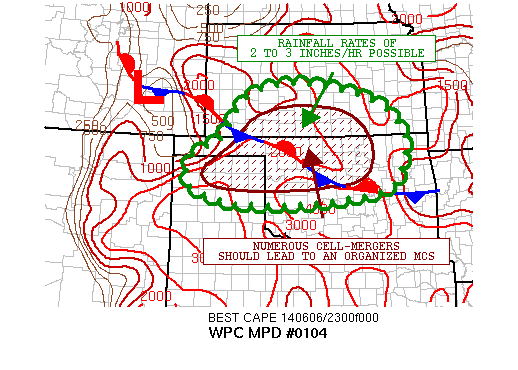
AREAS AFFECTED...TX PANHANDLE...WESTERN/NORTHERN OK...SOUTHERN KS

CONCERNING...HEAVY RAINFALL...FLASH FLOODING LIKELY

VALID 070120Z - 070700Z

SUMMARY...NUMEROUS DEVELOPING CLUSTERS OF HEAVY SHOWERS AND
THUNDERSTORMS WILL ORGANIZE INTO A STRONG CONVECTIVE COMPLEX
OVERNIGHT. INTENSE RAINFALL RATES AND CELL MERGERS WILL ENHANCE
THE POTENTIAL FOR FLASH FLOODING.

DISCUSSION...THE LATEST IR SAT IMAGERY SHOWS NUMEROUS VERY
COLD-TOPPED CONVECTIVE CLUSTERS WITH NUMEROUS OVERSHOOTING TOPS
DEVELOPING ACROSS EASTERN NM...THE TX PANHANDLE AND INTO SOUTHWEST
KS. THIS IS IN ASSOC WITH WEAK VORT ENERGY EJECTING OUT OF THE
CNTRL ROCKIES AND INTERACTING WITH STRONG SFC-BASED INSTABILITY.
THE LATEST RAP ANALYSIS SHOWS SBCAPE VALUES OF 3000 TO 4000 J/KG
WHICH COUPLED WITH PERSISTENT SOUTH TO SOUTHEAST LOW LEVEL FLOW
AND PROXIMITY OF A FRONT SHOULD HELP TO SUSTAIN THE ACTIVE AREAS
OF CONVECTION ESP OVER THE TX/OK PANHANDLES AND SOUTHWEST KS AS
THE ACTIVITY MOVES EAST.

THE LATEST HI-RES AND GLOBAL MODEL GUIDANCE SHOWS A ROBUST
INCREASE IN A NOCTURNALLY AIDED LOW LEVEL JET THROUGH 06Z...UP TO
NEAR 50 KTS...AND THIS SHOULD ALLOW CONVECTION INVOF THE FRONT TO
ORGANIZE FURTHER INTO A LARGER SCALE MCS. PWATS ARE PROGGED TO
INCREASE TO NEAR 1.75 INCHES OVERNIGHT INVOF THE KS/OK
BORDER...AND SO RAINFALL RATES SHOULD INCREASE ACCORDINGLY
OVERNIGHT AND ESP NEAR AREAS OF CELL MERGERS.

THE 12Z HRW-NMM AND 12Z NSSL-WRF SUPPORT RAINFALL AMOUNTS THROUGH
06Z OF 3 TO 6 INCHES WITH ISOLATED HEAVIER AMTS. ADDITIONAL HVY
RAINS ARE EXPECTED LOCALLY AFTER 06Z. HOWEVER...SHORT-TERM
RAINFALL RATES OF 2 TO 3 INCHES/HR ARE EXPECTED AND THIS ALONE
WILL LIKELY SUPPORT FLASH FLOODING. WILL CONTINUE TO MONITOR.